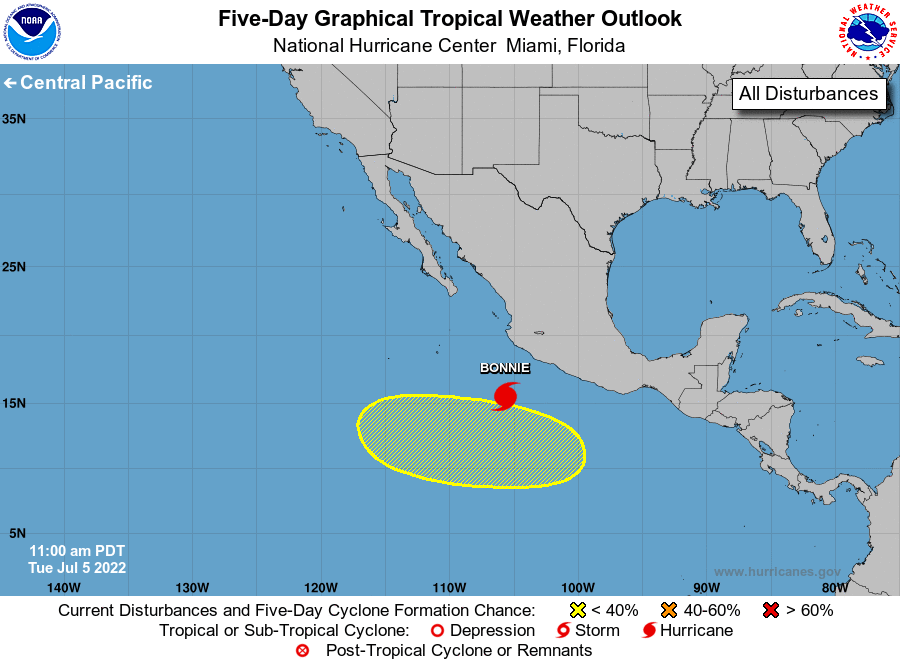
For the eastern North Pacific...east of 140 degrees west longitude:

Active Systems: The National Hurricane Center is issuing advisories on Hurricane Bonnie, located a couple of hundred miles south of southwestern Mexico.

1.

1. Offshore of Southern Mexico: A broad area of low pressure is expected to form well south of the southern coast of Mexico toward the end of the week. Environmental conditions are expected to be conducive for gradual development of this system over the weekend while it moves generally west-northwestward.
* Formation chance through 48 hours...low...near 0 percent.
* Formation chance through 5 days...low...30 percent.

Forecaster Brown